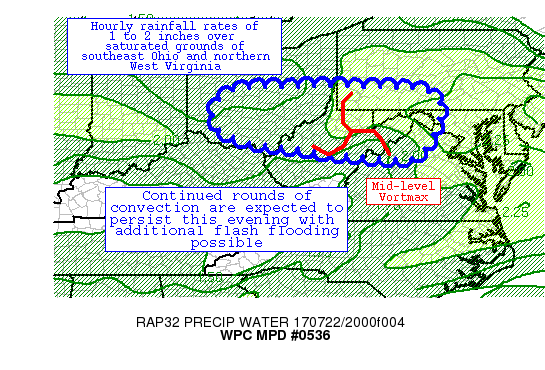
AREAS AFFECTED...SE OHIO...N WEST VIRGINIA...SW PENNSYLVANIA...W
MARYLAND...NW VIRGINIA

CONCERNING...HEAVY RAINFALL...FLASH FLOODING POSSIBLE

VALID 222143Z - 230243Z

SUMMARY...THUNDERSTORMS WITH PERSISTENT HEAVY RAINFALL ARE
EXPECTED TO CONTINUE FROM EASTERN OHIO AND ACROSS NORTHERN WEST
VIRGINIA THROUGH THE EVENING HOURS.  HOURLY RAIN RATES UP TO 2
INCHES OVER SATURATED GROUNDS COULD CAUSE SOME ADDITIONAL FLOODING
ISSUES.

DISCUSSION...DOPPLER RADAR IMAGERY ACROSS THE CENTRAL APPALACHIANS
AT 530PM LOCAL TIME WAS INDICATING MULTIPLE ROUNDS OF TRAINING
CONVECTION FROM SOUTH OF COLUMBUS, OHIO, TO NORTHERN VIRGINIA.
RECENT ECHO TOP DATA IS INDICATING STORMS REACHING 55KFT WITH
EXPANDING COLD CLOUD TOPS PER LATEST INFRARED SATELLITE IMAGERY.
MLCAPE OF 2000 TO 3000 J/KG EXISTS SOUTH OF THE CONVECTION PER THE
LATEST SPC MESOANALYSIS, AND PWS ARE IN THE 1.75 TO 2.15 INCH
RANGE IN THIS REGION.  FLASH FLOOD GUIDANCE VALUES ARE ALREADY
SIGNIFICANTLY REDUCED OVER SOUTHEAST OHIO AND ESPECIALLY NORTHERN
WEST VIRGINIA OWING TO RECENT RAINFALL, AND THIS IS WHERE THE
GREATEST FLASH FLOOD THREAT RESIDES THIS EVENING.

RECENT HI-RES MODEL GUIDANCE, INCLUDING THE HRRR, ARW, AND NMMB,
SUGGESTS THE POTENTIAL FOR ISOLATED 3+ INCH AMOUNTS THROUGH 02Z
THIS EVENING, AND GIVEN RECENT RADAR AND SATELLITE TRENDS, THIS IS
CERTAINLY WITHIN THE REALM OF POSSIBILITY.